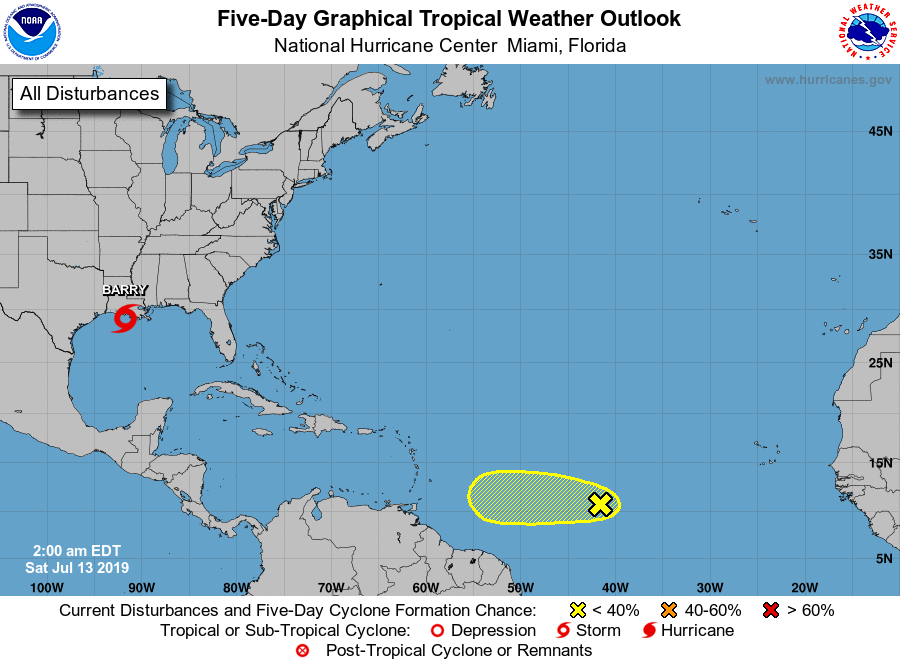
For the North Atlantic...Caribbean Sea and the Gulf of Mexico:

The National Hurricane Center is issuing advisories on Tropical Storm Barry, located just south of the Louisiana coast.

1. Shower activity has become slightly more organized during the past several hours in association with a tropical wave located about midway between the Cabo Verde Islands and the Windward Islands. Development, if any, of the wave is expected to be slow to occur during the next few days while the system moves westward at 15 to 20 mph. Environmental conditions are expected to become unfavorable for development by early next week.
* Formation chance through 48 hours...low...10 percent.
* Formation chance through 5 days...low...20 percent.

Forecaster Roberts